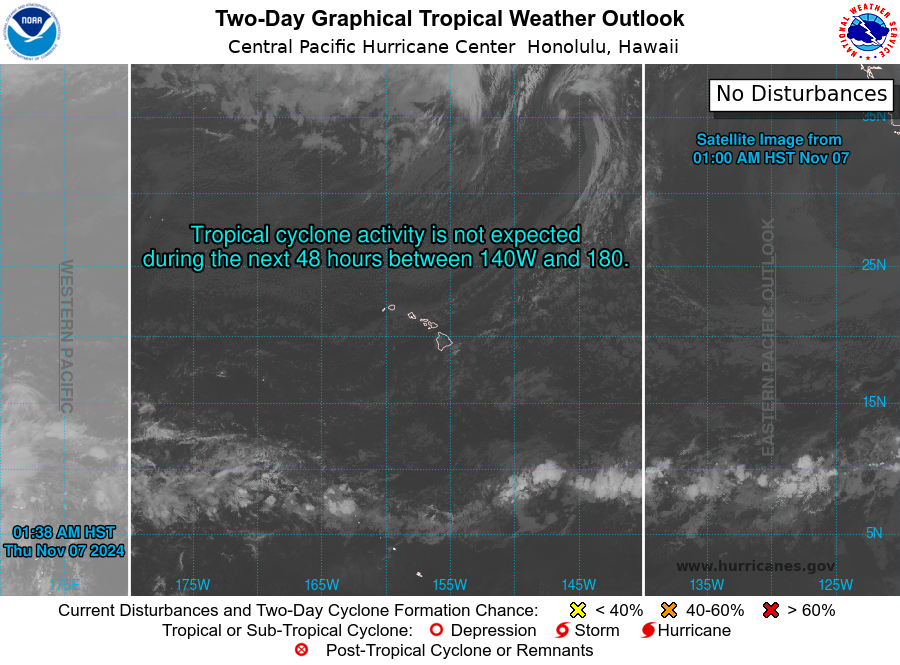
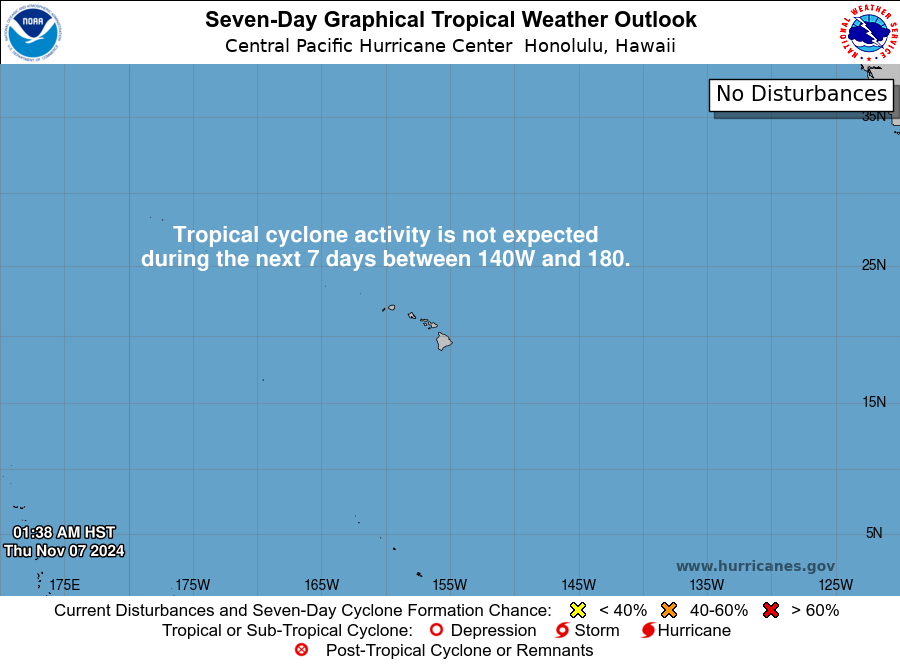
For the central North Pacific...between 140W and 180W:

No tropical cyclones are expected during the next 7 days.

Forecaster Jelsema